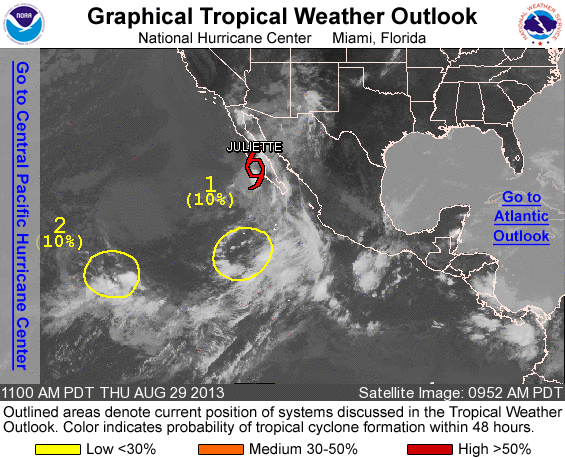
FOR THE EASTERN NORTH PACIFIC...EAST OF 140 DEGREES WEST LONGITUDE..

THE NATIONAL HURRICANE CENTER IS ISSUING ADVISORIES ON TROPICAL STORM JULIETTE...LOCATED NEAR THE SOUTHWEST COAST OF THE BAJA CALIFORNIA PENINSULA.

1. A BROAD AREA OF LOW PRESSURE LOCATED ABOUT 675 MILES SOUTHWEST OF THE SOUTHERN TIP OF THE BAJA CALIFORNIA PENINSULA IS PRODUCING DISORGANIZED SHOWERS AND THUNDERSTORMS. DEVELOPMENT...IF ANY... OF THIS SYSTEM SHOULD BE SLOW TO OCCUR DURING THE NEXT DAY OR SO WHILE THIS SYSTEM MOVES NORTHEASTWARD OR NORTH-NORTHEASTWARD AT ABOUT 15 MPH. THE LOW IS FORECAST TO REACH COOLER WATERS IN A COUPLE OF DAYS AND DEVELOPMENT AFTER THAT TIME IS NOT EXPECTED. THIS SYSTEM HAS A LOW CHANCE...10 PERCENT...OF BECOMING A TROPICAL CYCLONE DURING THE NEXT 48 HOURS...AND ALSO A LOW CHANCE CHANCE... 10 PERCENT...OF BECOMING A TROPICAL CYCLONE DURING THE NEXT 5 DAYS.

2. SHOWER AND THUNDERSTORM ACTIVITY ASSOCIATED WITH AN AREA OF LOW PRESSURE LOCATED ABOUT 1500 MILES WEST-SOUTHWEST OF THE SOUTHERN TIP OF THE BAJA CALIFORNIA PENINSULA REMAINS DISORGANIZED. ANY DEVELOPMENT OF THIS SYSTEM SHOULD BE SLOW TO OCCUR DURING THE NEXT COUPLE OF DAYS AS IT BEGINS TO MOVE SLOWLY NORTHEASTWARD. THIS DISTURBANCE HAS A LOW CHANCE...10 PERCENT...OF BECOMING A TROPICAL CYCLONE DURING THE NEXT 48 HOURS...AND A LOW CHANCE... 20 PERCENT...OF BECOMING A TROPICAL CYCLONE DURING THE NEXT 5 DAYS.

FIVE-DAY FORMATION PROBABILITIES ARE EXPERIMENTAL IN 2013. COMMENTS ON THE EXPERIMENTAL FORECASTS CAN BE PROVIDED AT...

HTTP://WWW.NWS.NOAA.GOV/SURVEY/NWS-SURVEY.PHP?CODE=ETWO

FORECASTER BROWN